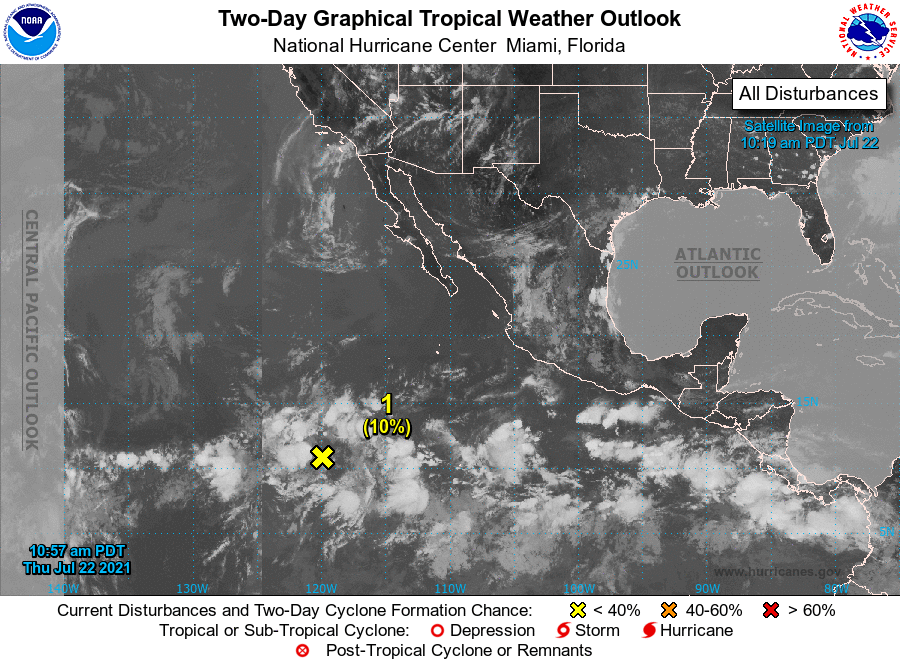
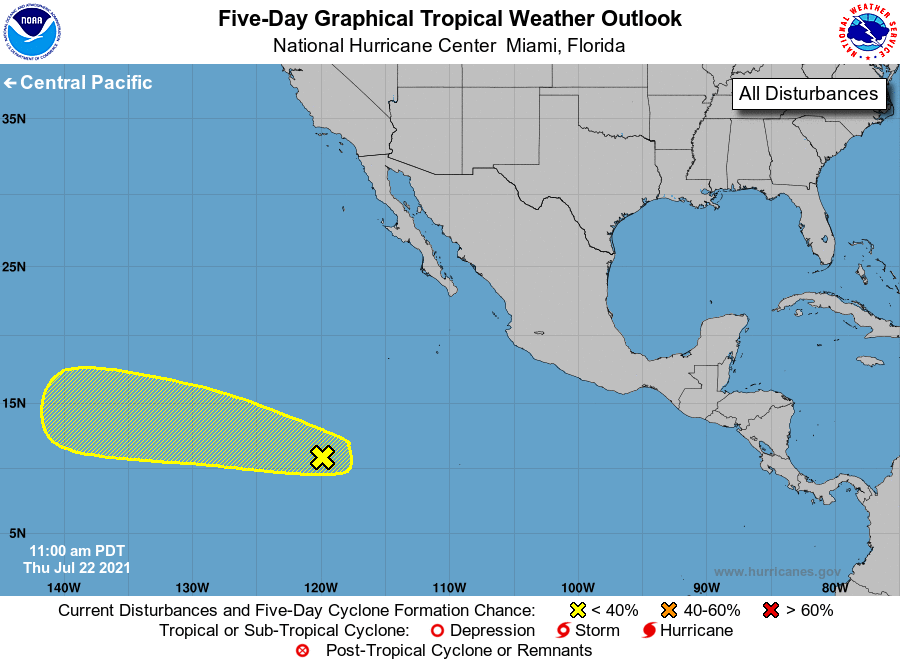
For the eastern North Pacific...east of 140 degrees west longitude:

1. An area of disturbed weather located more than 1000 miles southwest of the southern tip of the Baja California Peninsula is producing an large area of disorganized showers and thunderstorms. Environmental conditions are generally favorable for some slow development of this system over the weekend into early next week while it moves westward to west-northwestward at 10-15 mph.
* Formation chance through 48 hours...low...10 percent.
* Formation chance through 5 days...low...20 percent.

Forecaster Papin/Beven